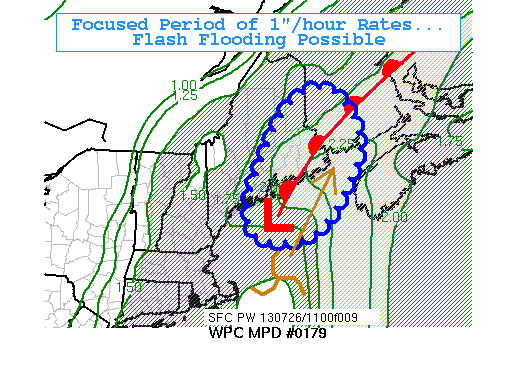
AREAS AFFECTED...EASTERN ME

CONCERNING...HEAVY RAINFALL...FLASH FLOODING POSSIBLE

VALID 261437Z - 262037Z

SUMMARY...FOCUSED LIFT OF ANOMALOUSLY MOIST AIR OVER DOWN EAST
MAINE WILL BRING A POSSIBILITY OF FLASH FLOODING.

DISCUSSION...THE SYNOPTIC SETUP FOR THIS PRECIPITATION EVENT WAS
EASILY EVIDENT. AND ON THE MESOSCALE THERE WAS AN INCREASING
NUMBER OF CLUES FROM OBSERVATIONS AND MODELS SUGGESTING A FOCUSED
PERIOD OF HEAVIER RAIN RATES WILL OCCUR OVER EAST/SOUTHEAST ME
TODAY.

AT 14Z...SATELLITE SHOWED INCREASING COVERAGE OF DEEPER CONVECTION
OFFSHORE. RADAR IMAGERY REVEALED A BROAD MESO-VORTEX OFF SOUTHERN
ME WHERE CONVECTION AND RELATED HEAT RELEASE MAY BE ENHANCING THE
PRE-EXISTING LARGER SCALE VORTICITY MAXIMUM. LOW LEVEL WARM
ADVECTION WILL PUMP AIR WITH PW VALUES NEAR 2 OR 2.25 INCHES INTO
SOUTHEAST ME AHEAD OF THE VORT MAX. FROM THE GEFS...
CLIMATOLOGICAL DEVIATION OF PW PEAKING AT 2.5 STANDARD DEVIATIONS
AND 850 MB MOISTURE TRANSPORT PEAKING AT 3-4 DEVIATIONS ARE QUITE
FOCUSED IN TIME AND SPACE. AGREEING WITH THE GFS/GEFS...THE HRRR
PREDICTS 1"/HOUR RATES DURING THE PEAK OF THE EVENT...WHICH MAY
SPAN A 3-5 HOUR PERIOD.

THE GREATEST RAINFALL...WITH TOTALS EXCEEDING 3 INCHES
LOCALLY...IS EXPECTED IN WASHINGTON AND HANCOCK COUNTIES...WITH
SOMEWHAT LESSER AMOUNTS IN ADJACENT COUNTIES NORTH AND WEST.
RAINFALL THROUGH 14Z HAD BEEN FAIRLY LIGHT...EXCEPTING ONE GAUGE
AT EASTPORT ME WHERE 1.86" WAS OBSERVED SINCE MIDNIGHT. THROUGH
FLASH FLOOD GUIDANCE VALUES ARE NOT PARTICULARLY LOW...THIS
APPEARS TO BE A LONGER DURATION EVENT THAT MAY MEET 3 OR 6 HOUR
GUIDANCE AND PRODUCE FLASH FLOODING. THE FOCUSED PORTION OF THE
EVENT IS EXPECTED TO EXIT ME TOWARD THE NORTHEAST BY 21-22Z.